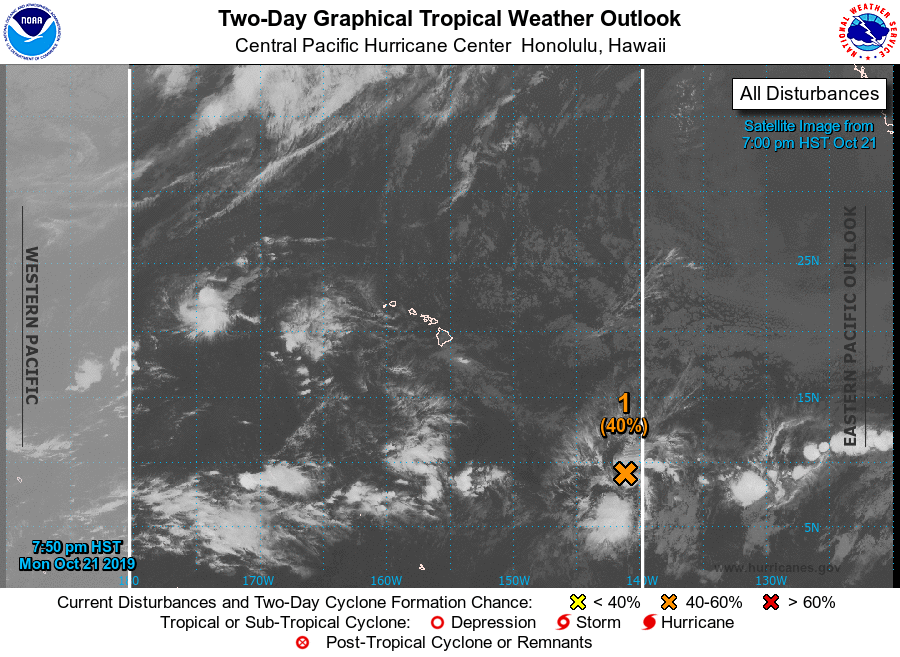
For the central North Pacific...between 140W and 180W:

1. Showers and thunderstorms continue to pulse in an area of low located about 1100 miles southeast of Hilo, Hawaii. Environmental conditions appear conducive for additional development of this system, and a tropical depression could form during the next couple of days while the disturbance moves west to west-northwestward at about 10 mph. Upper-level winds are expected to become less favorable for development by the latter part of the week.
* Formation chance through 48 hours...medium...40 percent.
* Formation chance through 5 days...medium...40 percent.

Elsewhere, no tropical cyclones are expected during the next 5 days.

Forecaster Lau